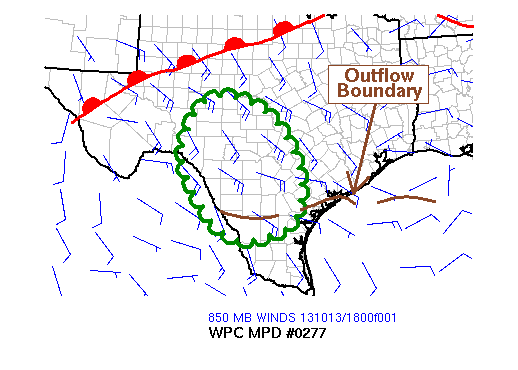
AREAS AFFECTED...RIO GRANDE VALLEY INTO CENTRAL TEXAS

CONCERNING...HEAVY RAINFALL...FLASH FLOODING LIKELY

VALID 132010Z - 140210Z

SUMMARY...HEAVY RAIN IS EXPECTED TO CONTINUE JUST NORTH OF AN
OUTFLOW BOUNDARY ACROSS SOUTHWESTERN TEXAS FOR THE NEXT FEW HOURS
ON TOP OF ALREADY SATURATED SOILS...WHICH WILL PROLONG THE FLASH
FLOOD THREAT INTO THE EVENING.

DISCUSSION...19Z SURFACE ANALYSIS SHOWED A WELL DEFINED OUTFLOW
BOUNDARY BETWEEN LRD AND COT...EXTENDING EAST TOWARD MATAGORDA
BAY...WITH LITTLE TO NO MOVEMENT SEEN OVER THE PAST COUPLE OF
HOURS. A CONVECTIVE CLUSTER HAS BEEN ONGOING SINCE THE EARLY
MORNING ACROSS THE REGION WITH REPORTS OF 6-10+ INCHES OF RAIN PER
RECENT LSR REPORTS NEAR CRYSTAL CITY. VERY EFFICIENT RAINFALL
RATES AVERAGING 1-2 IN/HR SINCE ABOUT 12Z HAVE OCCURRED...COURTESY
OF PRECIPITABLE WATER VALUES BETWEEN 2.00-2.25 IN PER RECENT
BLENDED TPW IMAGERY AND ADDED UPPER LEVEL MOISTURE DOWNWIND OF
T.S. OCTAVE LOCATED IN THE EASTERN PACIFIC...JUST SOUTHWEST OF THE
BAJA PENINSULA. 1000-3000 J/KG MIXED LAYER CAPE CONTINUES TO BE
PRESENT TO THE SOUTH OF THE OUTFLOW BOUNDARY OVER EXTREME SOUTH
TEXAS...AIDED BY DEWPOINTS IN THE LOW TO MID 70S AND MOSTLY SUNNY
SKIES.

WITH 850 MB FLOW FROM THE SOUTHEAST AT 20-30 KTS PER KDFX VAD WIND
PROFILE...AND THE RAP CONTINUING TO SHOW THIS AS BEING UNCHANGED
THROUGH 00Z...CONVECTION IS EXPECTED TO PERSIST WELL INTO THE
EVENING...AND PERHAPS SHIFTING EAST A BIT WITH THE MEAN FLOW.
ONGOING CONVECTION OVER THE THREAT AREA MAY IMPEDE BETTER MOISTURE
RETURN AND CONVECTIVE RAINS FARTHER NORTH AT LEAST IN THE SHORT
TERM...UNTIL THE APPROACH OF A LARGE SHORTWAVE TROUGH CURRENTLY
SLIDING EAST FROM THE GREAT BASIN WHICH SHOULD ALLOW LOW LEVEL
WINDS TO VEER TONIGHT. UNTIL THEN...EXPECT CONTINUED RAINFALL
RATES OF 2-3 IN/HR ON A LOCALIZED BASIS WITH CONTINUED RUNOFF
ISSUES.